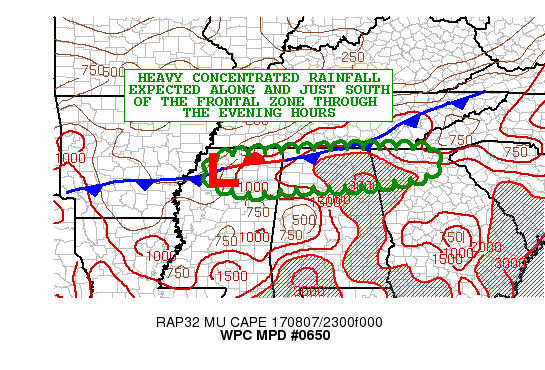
AREAS AFFECTED...NORTHERN MS...NORTHERN AL...NORTHERN GA

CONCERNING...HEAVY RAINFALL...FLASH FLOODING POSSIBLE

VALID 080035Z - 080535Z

SUMMARY...SLOW-MOVING SHOWERS AND THUNDERSTORMS WITH VERY HEAVY
RAINFALL ARE EXPECTED TO CONTINUE OVER THE NEXT FEW HOURS. SOME
FLASH FLOODING IS POSSIBLE.

DISCUSSION...RADAR IMAGERY IS SHOWING AN ELONGATED W/E AXIS OF
VERY SLOW-MOVING AND EVEN LOCALLY TRAINING SHOWERS AND
THUNDERSTORMS EXTENDING FROM NORTHERN MS EAST ACROSS NORTHERN AL
AND GETTING READY TO ADVANCE INTO NORTHWEST GA. THE ACTIVITY IS
FOCUSING ALONG AND JUST SOUTH OF A QUASI-STATIONARY FRONTAL ZONE
AND AHEAD OF A SURFACE WAVE OF LOW PRESSURE.

SOME INCREASED SURFACE MOISTURE CONVERGENCE AND POOLING OF
INSTABILITY OVER THE LAST COUPLE OF HOURS COUPLED WITH SOME MODEST
RIGHT-ENTRANCE REGION JET DYNAMICS HAS ALLOWED FOR THE CONVECTION
TO BECOME A BIT BETTER ORGANIZED...AND OVER THE NEXT FEW HOURS THE
CONVECTION SHOULD CONTINUE ACROSS THIS REGION.

THE HIRES MODELS LED BY THE HRRR AND HRRRX DO NOT AGREE ON THE
EXACT PLACEMENT OF THE CONVECTION NOR THE AMOUNTS...BUT THEY
SIGNAL AS MUCH AS 3 TO 5 INCHES OF RAIN LOCALLY IN VICINITY OF THE
FRONT. GIVEN PWATS OF 2.25 TO 2.5 INCHES AND THE AFOREMENTIONED
THERMODYNAMIC SUPPORT...AND EVEN LARGER SCALE ASCENT...THESE
RAINFALL TOTALS SEEM FAIRLY REASONABLE DESPITE THE POOR OVERALL
MODEL AGREEMENT.

SOME FLASH FLOODING WILL BE POSSIBLE AND ESPECIALLY WITH THE RISK
OF CELL-TRAINING AND OVERALL SLOW CELL MOTION OFF TO THE EAST
ALONG THE FRONT.